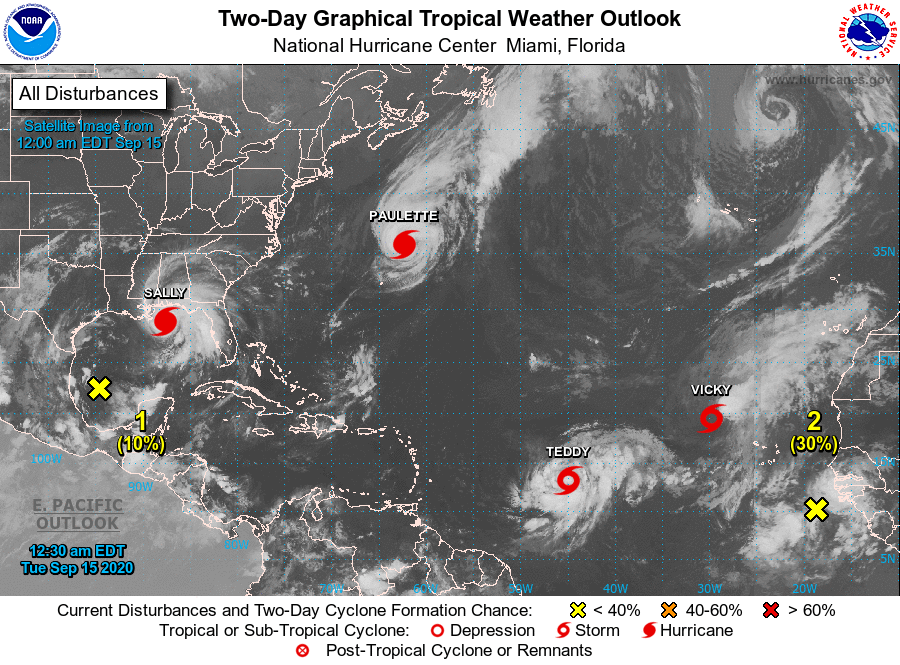
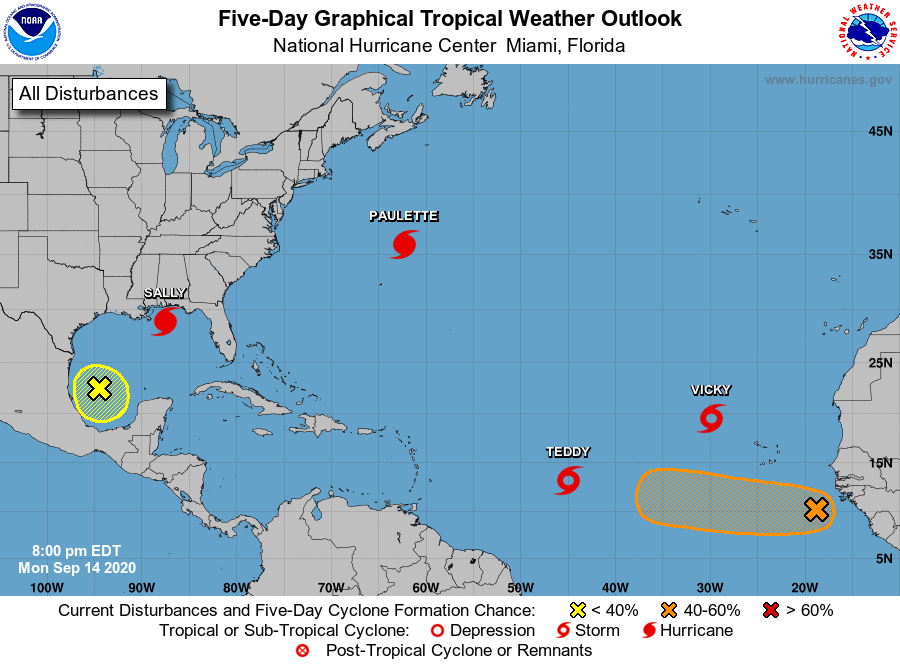
For the North Atlantic...Caribbean Sea and the Gulf of Mexico:

The National Hurricane Center is issuing advisories on Hurricane Paulette, located several hundred miles north-northeast of Bermuda, on Hurricane Sally, centered over the north-central Gulf of Mexico, on Tropical Storm Teddy, located over the east-central tropical Atlantic, and on Tropical Storm Vicky, located over the eastern tropical Atlantic. The National Hurricane Center has issued its last advisory on the remnants of Rene, which dissipated over the central Atlantic.

1. A broad area of low pressure over the southwestern Gulf of Mexico is currently producing little shower or thunderstorm activity. Any development of this system should be slow to occur while the low meanders over the southern Gulf of Mexico for the next several days.
* Formation chance through 48 hours...low...10 percent.
* Formation chance through 5 days...low...20 percent.

2. A tropical wave located over the far eastern tropical Atlantic continues to produce disorganized showers and thunderstorms. Some development of this system is possible, and a tropical depression could form during the next several days while the system moves generally westward at 10 to 15 mph.
* Formation chance through 48 hours...low...30 percent.
* Formation chance through 5 days...medium...50 percent.

Public Advisories on Tropical Storm Vicky are issued under WMO header WTNT31 KNHC and under AWIPS header MIATCPAT1. Forecast/Advisories on Tropical Storm Vicky are issued under WMO header WTNT21 KNHC and under AWIPS header MIATCMAT1.

Forecaster Zelinsky